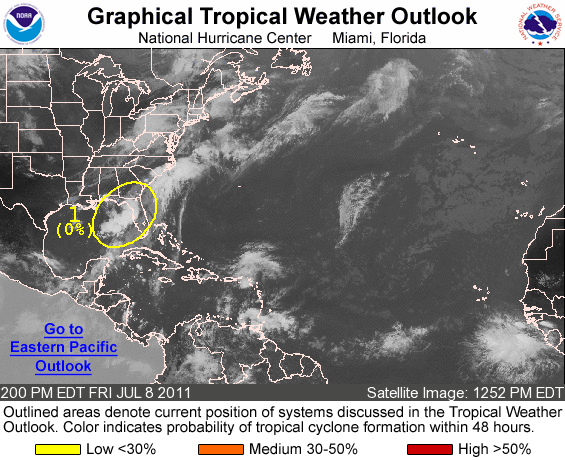
FOR THE NORTH ATLANTIC...CARIBBEAN SEA AND THE GULF OF MEXICO...

1. AN ELONGATED AREA OF LOW PRESSURE EXTENDING FROM THE EASTERN GULF OF MEXICO NORTHEASTWARD ACROSS NORTHERN FLORIDA IS PRODUCING DISORGANIZED CLOUDINESS AND SHOWERS PRIMARILY OVER FLORIDA AND THE ADJACENT WATERS. THIS ACTIVITY IS GRADUALLY SPREADING NORTHWARD. ENVIRONMENTAL CONDITIONS ARE NOT FAVORABLE FOR DEVELOPMENT AND THERE IS A LOW CHANCE...NEAR 0 PERCENT...OF THIS SYSTEM BECOMING A TROPICAL OR SUBTROPICAL CYCLONE DURING THE NEXT 48 HOURS.

ELSEWHERE...TROPICAL CYCLONE FORMATION IS NOT EXPECTED DURING THE NEXT 48 HOURS.

FORECASTER AVILA